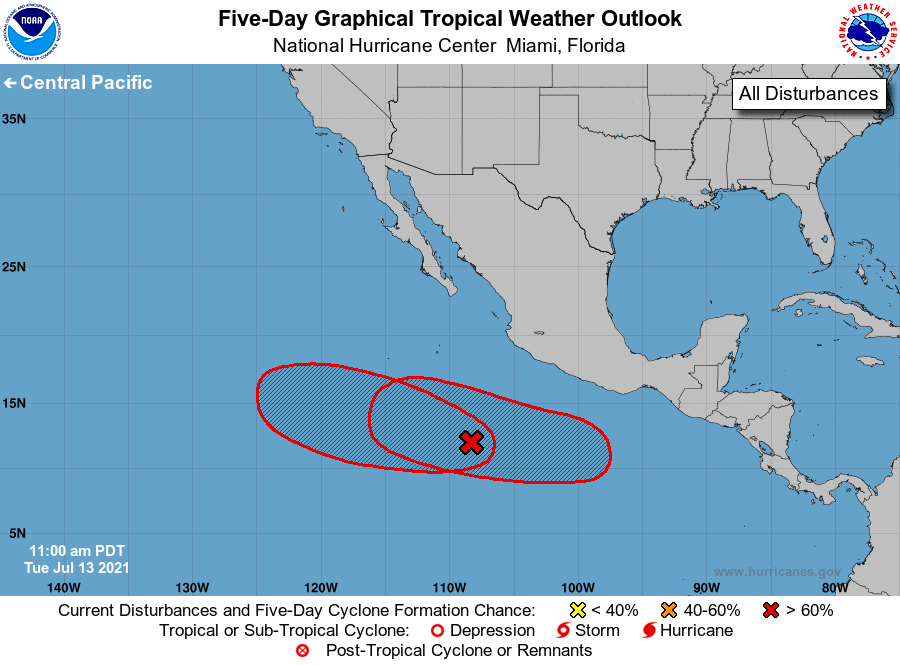
For the eastern North Pacific...east of 140 degrees west longitude:

1. Showers and thunderstorms associated with an area of low pressure located about 750 miles south of the southern tip of the Baja California peninsula are showing signs of organization. Although the circulation of the low is currently elongated, environmental conditions are expected to remain favorable for additional development, and a tropical depression is likely to form in a day or two while the low moves westward to west-northwestward at 10 to 15 mph.
* Formation chance through 48 hours...high...70 percent.
* Formation chance through 5 days...high...80 percent.

2. An area of low pressure is forecast to develop well south of the coast of southern Mexico late this week and move westward at 10 to 15 mph. Environmental conditions are expected to be favorable for gradual development, and a tropical depression is likely to form this weekend well offshore of the southwest coast of Mexico.
* Formation chance through 48 hours...low...near 0 percent.
* Formation chance through 5 days...high...70 percent.

Forecaster Brown